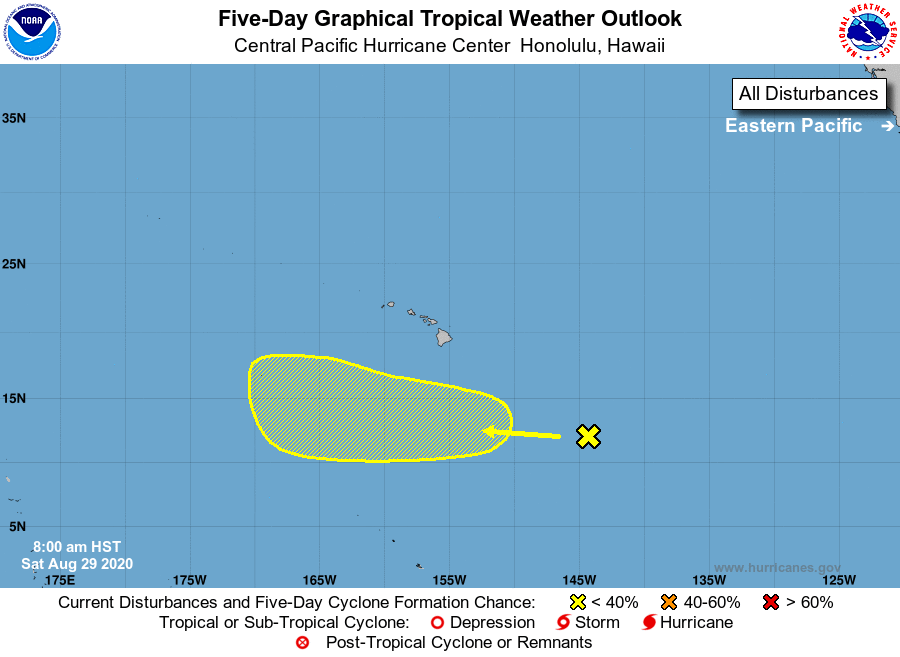
For the central North Pacific...between 140W and 180W:

1. A weak area of low pressure located around 900 miles southeast of Hilo, Hawaii, is producing disorganized showers and thunderstorms. Environmental conditions appear somewhat conducive for the gradual development of this system as it moves slowly west over the next several days.
* Formation chance through 48 hours...low...near 0 percent.
* Formation chance through 5 days...low...20 percent.

Forecaster Blood